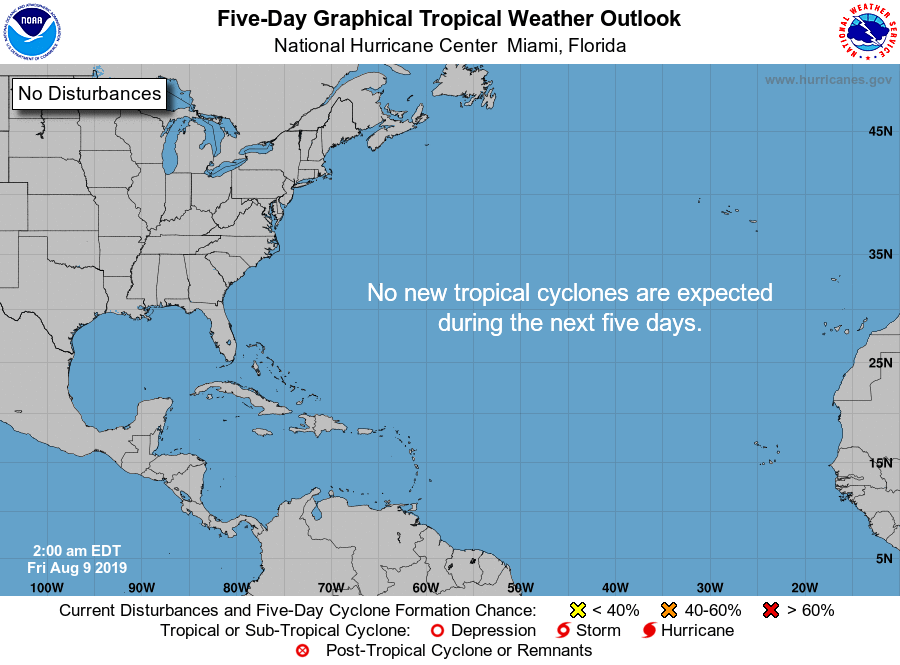
For the North Atlantic...Caribbean Sea and the Gulf of Mexico:

Tropical cyclone formation is not expected during the next 5 days.

Forecaster Avila